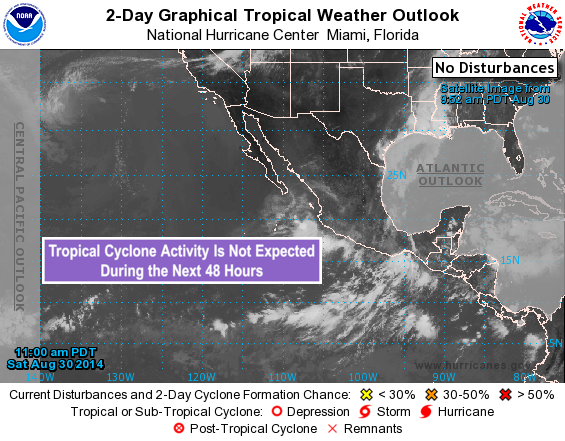
For the eastern North Pacific...east of 140 degrees west longitude:

1. An area of low pressure could form early next week within a few hundred miles offshore of the coast of south-central Mexico. Some slow development of this system is possible after this time while it moves slowly northwestward close to the coast of southwestern Mexico.
* Formation chance through 48 hours...low...near 0 percent.
* Formation chance through 5 days...low...20 percent.

Forecaster Blake/Kimberlain